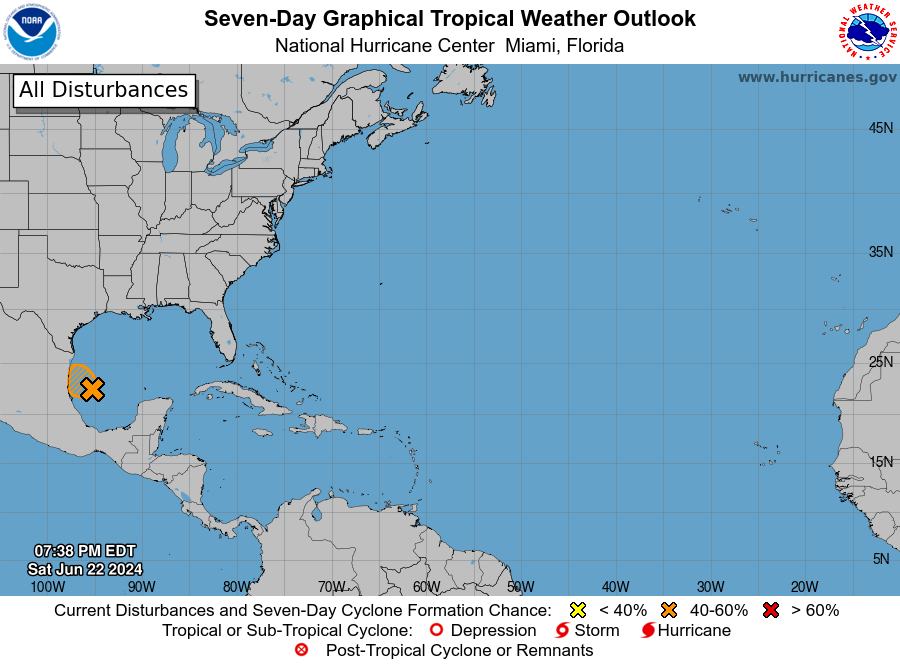
For the North Atlantic...Caribbean Sea and the Gulf of Mexico:

1. Southwestern Gulf of Mexico (AL93): A broad area of low pressure over the southwestern Gulf of Mexico is producing poorly organized shower and thunderstorm activity. Gradual development of this system is possible, and a tropical depression could form before the system reaches the coast of northeastern Mexico Sunday night. Regardless of development, heavy rainfall is likely to cause localized flooding across portions of northeastern Mexico and Deep South Texas through the end of the weekend. An Air Force Reserve Hurricane Hunter aircraft is scheduled to investigate the system on Sunday, if necessary. This system has helped produce gale-force winds near portions of the coast of eastern Mexico, which are expected to diminish this evening. More information on the associated gale warnings is available in High Seas Forecasts issued by the National Weather Service.
* Formation chance through 48 hours...medium...40 percent.
* Formation chance through 7 days...medium...40 percent.

High Seas Forecasts issued by the National Weather Service can be found under AWIPS header NFDHSFAT1, WMO header FZNT01 KWBC, and online at ocean.weather.gov/shtml/NFDHSFAT1.php

Forecaster Beven